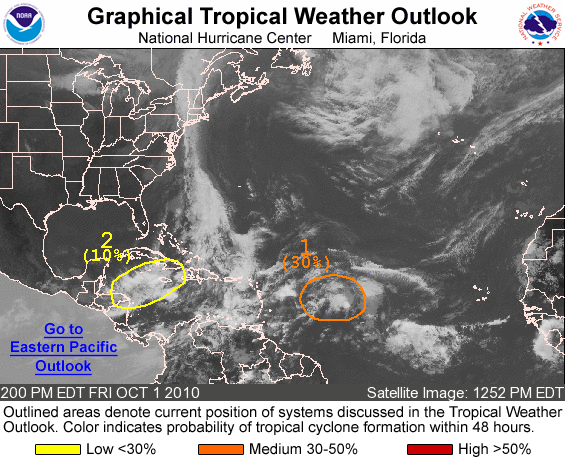
FOR THE NORTH ATLANTIC...CARIBBEAN SEA AND THE GULF OF MEXICO...

1. SHOWERS AND THUNDERSTORMS HAVE DIMINISHED IN ASSOCIATION WITH A LARGE AREA OF DISTURBED WEATHER LOCATED ABOUT 800 MILES EAST OF THE LESSER ANTILLES. SOME SLOW DEVELOPMENT OF THIS SYSTEM IS POSSIBLE...AND THERE IS A MEDIUM CHANCE...30 PERCENT...OF THIS SYSTEM BECOMING A TROPICAL CYCLONE DURING THE NEXT 48 HOURS AS IT MOVES WESTWARD OR WEST-NORTHWESTWARD AT 15 TO 20 MPH.

2. A SURFACE TROUGH OVER THE NORTHERN CARIBBEAN SEA CONTINUES TO PRODUCE DISORGANIZED SHOWER AND THUNDERSTORM ACTIVITY. THERE ARE NO SIGNS OF ORGANIZATION AT THIS TIME...AND THERE IS A LOW CHANCE...10 PERCENT...OF THIS SYSTEM BECOMING A TROPICAL CYCLONE DURING THE NEXT 48 HOURS AS IT MOVES EASTWARD OR NORTHEASTWARD AT 10 TO 15 MPH. REGARDLESS OF DEVELOPMENT...LOCALLY HEAVY RAINS ARE POSSIBLE DURING THE NEXT DAY OR TWO ACROSS NORTHERN CENTRAL AMERICA...THE CAYMAN ISLANDS...EASTERN CUBA...JAMAICA...AND HISPANIOLA.

ELSEWHERE...TROPICAL CYCLONE FORMATION IS NOT EXPECTED DURING THE NEXT 48 HOURS.

FORECASTER BRENNAN